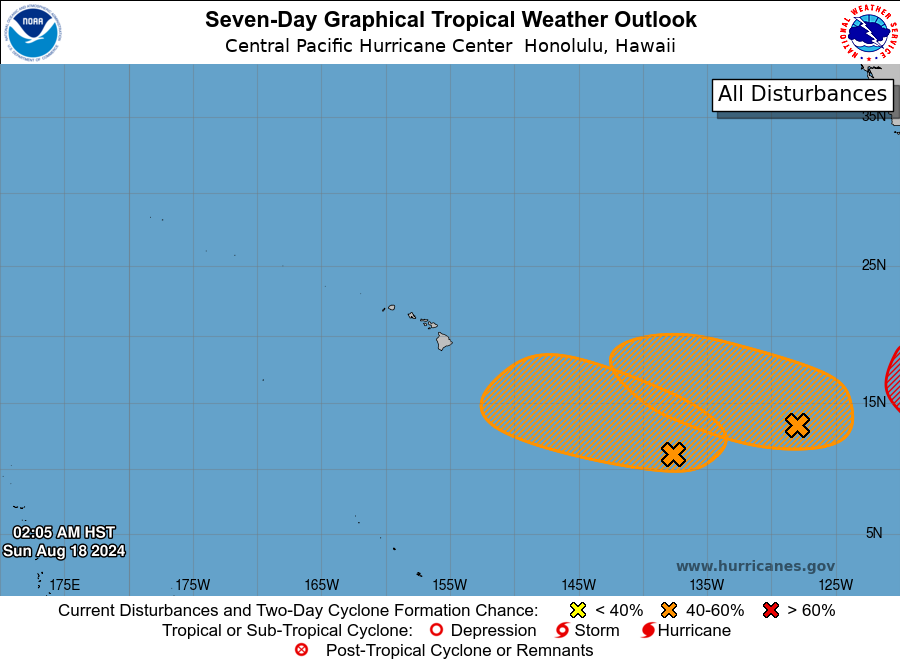
For the central North Pacific...between 140W and 180W:

1. Approximately 1700 miles east-southeast of Hilo, Hawaii: Disorganized showers and thunderstorms are associated with a broad trough of low pressure located well west-southwest of the southern tip of the Baja California peninsula. This system is forecast to interact with another disturbance to its west-southwest over the next several days, which could limit additional development if this system does not become the dominant disturbance. Regardless, a tropical depression could still form during the middle part of the week while the system moves westward to west-northwestward over the western portion of the East Pacific basin before it possibly merges with the disturbance currently located further west.
* Formation chance through 48 hours...low...10 percent.
* Formation chance through 7 days...medium...50 percent.

2. Approximately 1300 miles southeast of Hilo, Hawaii: Another area of low pressure located well southeast of the Hawaiian Islands is currently associated with some disorganized showers and thunderstorms on its western side. This disturbance is forecast to interact with the disturbance located to its east. If this system becomes the dominant disturbance, some gradual development is possible and a tropical depression could form by the middle part of this week while it initially moves slowly over the western portion of the East Pacific. A faster west-northwestward motion into the Central Pacific basin is likely by the latter portion of the week.
* Formation chance through 48 hours...low...30 percent.
* Formation chance through 7 days...medium...40 percent.

Elsewhere, no tropical cyclones are expected during the next 7 days.

Forecaster Gibbs